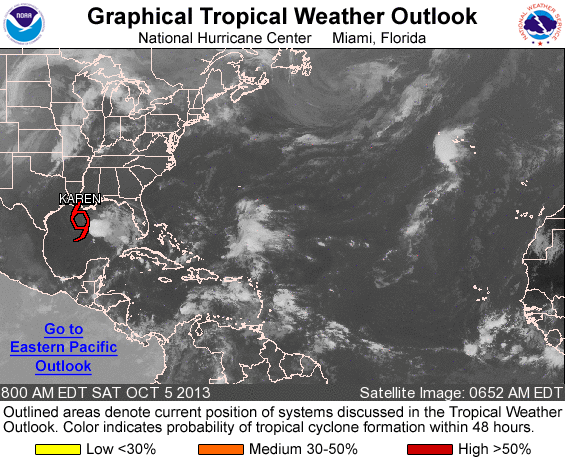
FOR THE NORTH ATLANTIC...CARIBBEAN SEA AND THE GULF OF MEXICO...

THE NATIONAL HURRICANE CENTER IS ISSUING ADVISORIES ON TROPICAL STORM KAREN...LOCATED OVER THE NORTH-CENTRAL GULF OF MEXICO.

OTHER SYSTEMS WITH FORMATION POTENTIAL BEYOND 48 HOURS...

AN AREA OF LOW PRESSURE COULD FORM OVER THE EASTERN TROPICAL ATLANTIC OCEAN DURING THE NEXT FEW DAYS. SOME SLOW DEVELOPMENT OF THIS LOW IS POSSIBLE EARLY NEXT WEEK WHILE IT MOVES WEST- NORTHWESTWARD AT 10 TO 15 MPH. THIS SYSTEM HAS A LOW CHANCE...NEAR 0 PERCENT...OF BECOMING A TROPICAL CYCLONE DURING THE NEXT 48 HOURS...AND A MEDIUM CHANCE...30 PERCENT...OF BECOMING A TROPICAL CYCLONE DURING THE NEXT 5 DAYS.

&&
FIVE-DAY FORMATION PROBABILITIES ARE EXPERIMENTAL IN 2013. COMMENTS ON THE EXPERIMENTAL FORECASTS CAN BE PROVIDED AT...

HTTP://WWW.NWS.NOAA.GOV/SURVEY/NWS-SURVEY.PHP?CODE=ETWO

FORECASTER BLAKE